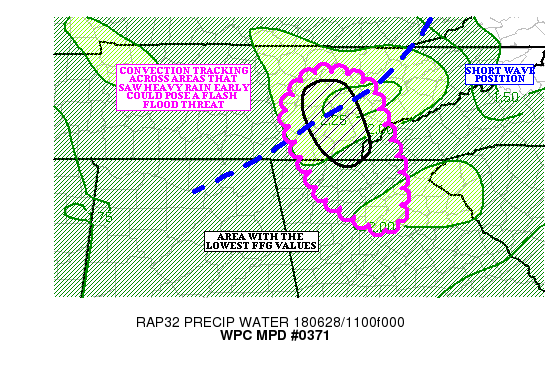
AREAS AFFECTED...SOUTH CENTRAL TN INTO NORTHERN GA

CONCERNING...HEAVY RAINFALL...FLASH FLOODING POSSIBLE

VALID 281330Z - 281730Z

SUMMARY...CONVECTION TRACKING ACROSS AREAS THAT SAW HEAVY RAINFALL
WEDNESDAY AFTERNOON INTO EARLY THIS MORNING COULD POSE A FLASH
FLOOD THREAT THIS MORNING

DISCUSSION...REGIONAL RADARS INDICATED CONVECTION AHEAD OF A SHORT
WAVE OVER EASTERN TN TRACKING SOUTHEAST ACROSS SOUTH CENTRAL TN
INTO NORTHERN GA THIS MORNING. THE CONVECTION IS TAPPING INTO
MUCAPE VALUES BETWEEN 1000-1500 J/KG EXTENDING ACROSS EASTERN TN
INTO NORTHERN GA (WITH 12Z SOUNDINGS AT BNA AND FFC SHOWING SBCAPE
VALUES IN EXCESS OF 2000 J/KG).

THE CONVECTION IS ROOTED IN AN AXIS OF 2.00+ INCH PRECIPITABLE
WATER AIR STRETCHING ACROSS THE SAME AREA. THE DEEP MOISTURE IS
ALLOWING THE CONVECTION TO PRODUCE HOURLY RAINFALL RATES BETWEEN
1.50/2.00 INCHES OVER ROANE COUNTY TN. DRY AIR IN THE MID LEVELS
OF THE NEARBY 12Z SOUNDINGS, AS WELL AS THE OUTPUT FROM THE KOHX
HCA PRODUCT...SUGGEST THAT HAIL COULD BE CONTAMINATING THE HOURLY
RAINFALL PRODUCTS. HOWEVER...GIVEN THE DEPTH OF THE MOISTURE IN
PLACE...HOURLY RAINFALL RATES BETWEEN 1.50/2.00 INCHES IS
PLAUSIBLE OVER SOUTH CENTRAL TN.

THE MOST RECENT HRRR/EXPERIMENTAL HRRR SHOWED THAT THE CONVECTION
TRACK SOUTHEAST WITH THE SHORT WAVE...CROSSING SOUTH CENTRAL TN
BEFORE 28/15Z...AND CONTINUING ACROSS NORTH GA THROUGH ABOUT
28/17Z. THESE SOLUTIONS SHOWED LOCAL 2.00/3.00 INCH RAINFALL
AMOUNTS IN AREAS WHERE LOCAL RADARS AND THE MRMS 24 HOUR RAINFALL
PRODUCTS SHOWED AS MUCH AS 3.00 TO 5.00 INCHES OF RAINFALL...WITH
THE HIGHEST AMOUNTS OVER TN. THE ADDITIONAL RAINFALL COULD
INITIATE FLASH FLOODING IN THESE AREAS THROUGH THE EARLY AFTERNOON
HOURS.